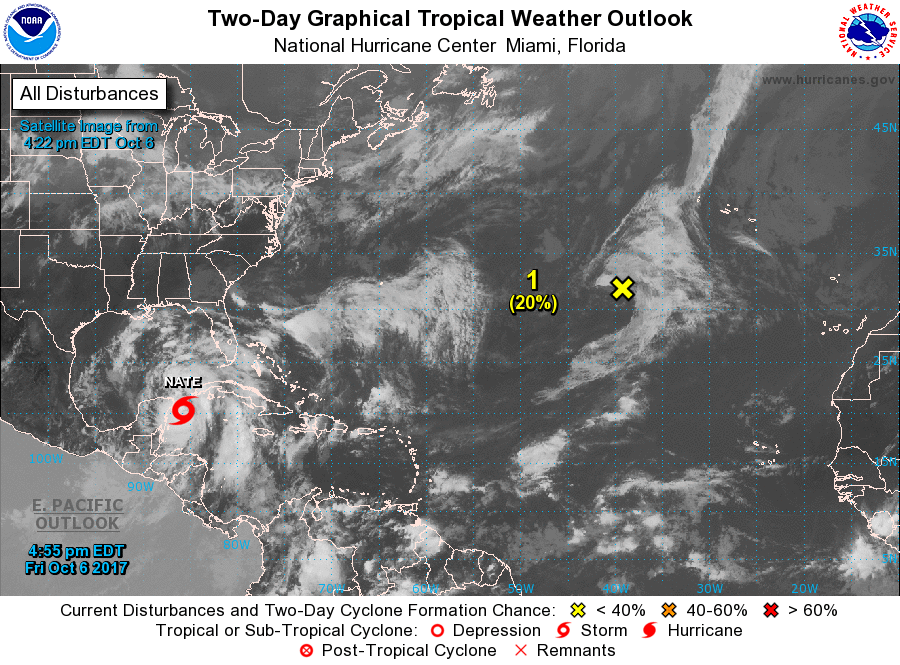
For the North Atlantic...Caribbean Sea and the Gulf of Mexico:

The National Hurricane Center is issuing advisories on Tropical Storm Nate, located over the northwestern Caribbean Sea.

1. Satellite images indicate that a non-tropical area of low pressure has formed about 750 miles southwest of the Azores. Environmental conditions suggest the low will gradually acquire some tropical or subtropical characteristics, and a tropical or subtropical cyclone could form early next week. The low is forecast to drift over the northeastern Atlantic for the next several days.
* Formation chance through 48 hours...low...20 percent.
* Formation chance through 5 days...medium...50 percent.

Forecaster Blake